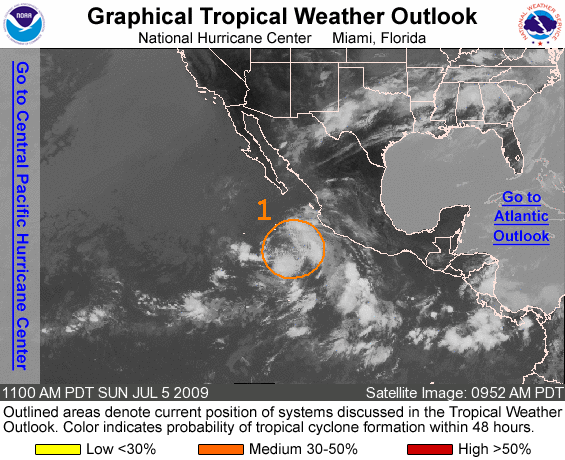
FOR THE EASTERN NORTH PACIFIC...EAST OF 140 DEGREES WEST LONGITUDE..

1. SHOWERS AND THUNDERSTORMS ASSOCIATED WITH AN AREA OF LOW PRESSURE LOCATED ABOUT 375 MILES SOUTHWEST OF MANZANILLO MEXICO HAVE DECREASED DURING THE LAST FEW HOURS. HOWEVER...CONDITIONS STILL APPEAR FAVORABLE FOR DEVELOPMENT OF THIS SYSTEM...AND THERE IS POTENTIAL FOR THE LOW TO BECOME A TROPICAL DEPRESSION DURING THE NEXT COUPLE OF DAYS AS IT MOVES WEST-NORTHWESTWARD AT 10 TO 15 MPH. THERE IS A MEDIUM CHANCE...30 TO 50 PERCENT...OF THIS SYSTEM BECOMING A TROPICAL CYCLONE DURING THE NEXT 48 HOURS.

ELSEWHERE...TROPICAL CYCLONE FORMATION IS NOT EXPECTED DURING THE NEXT 48 HOURS.

FORECASTER KIMBERLAIN/BROWN